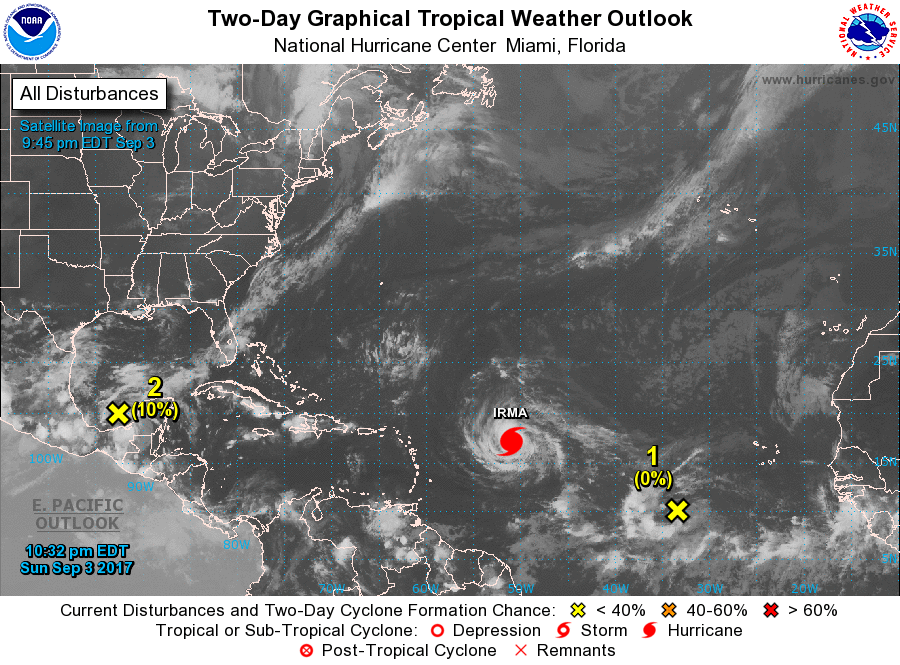
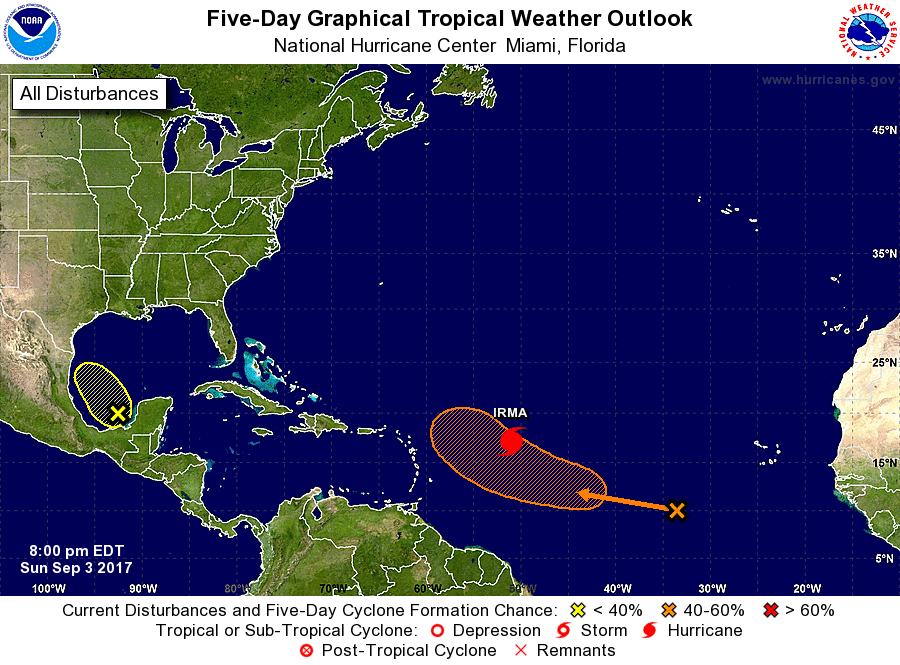
For the North Atlantic...Caribbean Sea and the Gulf of Mexico:

The National Hurricane Center is issuing advisories on Hurricane Irma, located several hundred miles east of the Leeward Islands.

1. A tropical wave located several hundred miles southwest of the Cabo Verde Islands is producing an area of disorganized showers and thunderstorms. Environmental conditions are conducive for gradual development during the next few days, and a tropical depression could form toward the end of the week while the system moves westward to west-northwestward at 10 to 15 mph over the tropical Atlantic Ocean.
* Formation chance through 48 hours...low...near 0 percent.
* Formation chance through 5 days...medium...60 percent.

2. A trough of low pressure located over the southwestern Gulf of Mexico is producing disorganized showers and thunderstorms. Some slow development of this system is possible during the next few days while it drifts northwestward.
* Formation chance through 48 hours...low...10 percent.
* Formation chance through 5 days...low...20 percent.

Forecaster Cangialosi